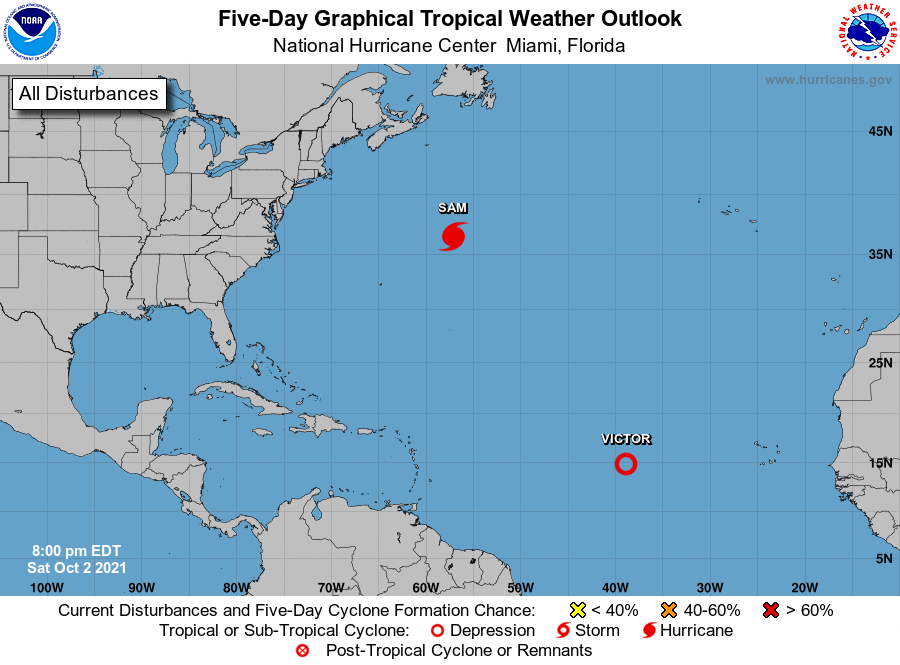
For the North Atlantic...Caribbean Sea and the Gulf of Mexico:

The National Hurricane Center is issuing advisories on Hurricane Sam, located about 500 miles east-northeast of Bermuda, and on recently downgraded Tropical Depression Victor, located over the eastern tropical Atlantic.

Tropical cyclone formation is not expected during the next 5 days.

Forecaster Papin